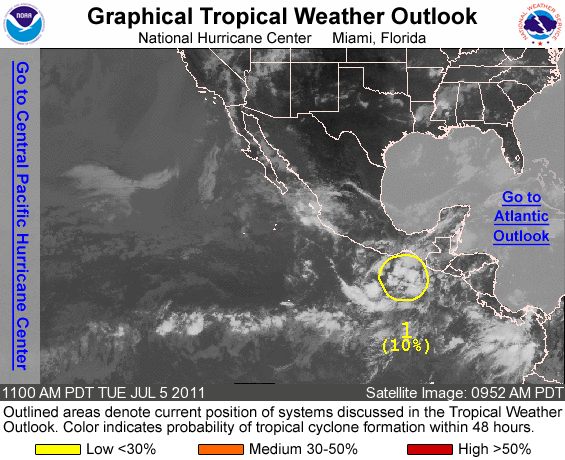
FOR THE EASTERN NORTH PACIFIC...EAST OF 140 DEGREES WEST LONGITUDE..

1. SHOWERS AND THUNDERSTORMS HAVE INCREASED NEAR A BROAD AREA OF LOW PRESSURE LOCATED A FEW HUNDRED MILES SOUTH OF THE GULF OF TEHUANTEPEC. ENVIRONMENTAL CONDITIONS APPEAR CONDUCIVE FOR SOME SLOW DEVELOPMENT OF THIS SYSTEM OVER THE NEXT SEVERAL DAYS. THERE IS A LOW CHANCE...10 PERCENT...OF THIS SYSTEM BECOMING A TROPICAL CYCLONE DURING THE NEXT 48 HOURS AS IT MOVES SLOWLY TOWARD THE WEST-NORTHWEST.

ELSEWHERE...TROPICAL CYCLONE FORMATION IS NOT EXPECTED DURING THE NEXT 48 HOURS.

FORECASTER BLAKE